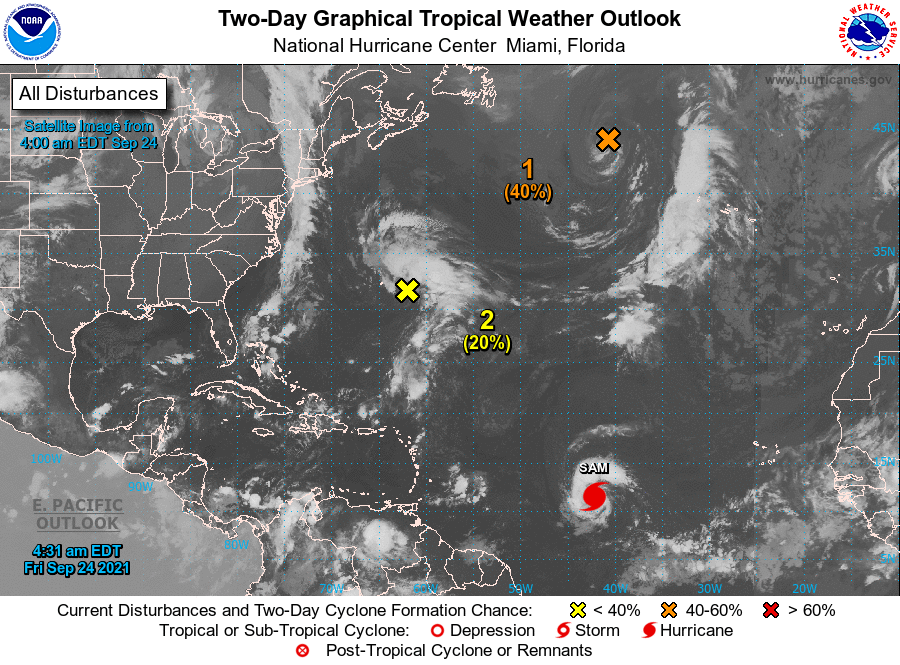
For the North Atlantic...Caribbean Sea and the Gulf of Mexico:

The National Hurricane Center is issuing advisories on Tropical Storm Sam, located about 1500 miles east-southeast of the northern Leeward Islands.

1. A gale-force, non-tropical low pressure system, the remnants of Odette, is located a little more than 600 miles west-northwest of the westernmost Azores. Showers and thunderstorms remain limited near the low, and this system has only a brief window of opportunity to become a subtropical or tropical cyclone while it moves generally south-southeastward over marginally warmer waters. Strong upper-level winds are expected to develop over the system by late today, which should then limit further development. Additional information on this system, including gale warnings, can be found in High Seas Forecasts issued by the National Weather Service.
* Formation chance through 48 hours...medium...40 percent.
* Formation chance through 5 days...medium...40 percent.

2. A large area of showers and thunderstorms centered a couple of hundred miles east of Bermuda is associated with a surface and upper-level trough. Some tropical or subtropical development of this system could occur through early Saturday as it moves generally north-northwestward. After that time, development is not expected due to strong upper-level winds.
* Formation chance through 48 hours...low...20 percent.
* Formation chance through 5 days...low...20 percent.

3. A tropical wave is expected to move off the west coast of Africa by the end of this weekend. Thereafter, environmental conditions are forecast to be conducive for gradual development, and a tropical depression could form by the middle of next week while the system moves westward at 10 to 15 mph over the far eastern tropical Atlantic.
* Formation chance through 48 hours...low...near 0 percent.
* Formation chance through 5 days...medium...40 percent.

High Seas Forecasts issued by the National Weather Service can be found under AWIPS header NFDHSFAT1, WMO header FZNT01 KWBC, and online at ocean.weather.gov/shtml/NFDHSFAT1.php

Forecaster Cangialosi